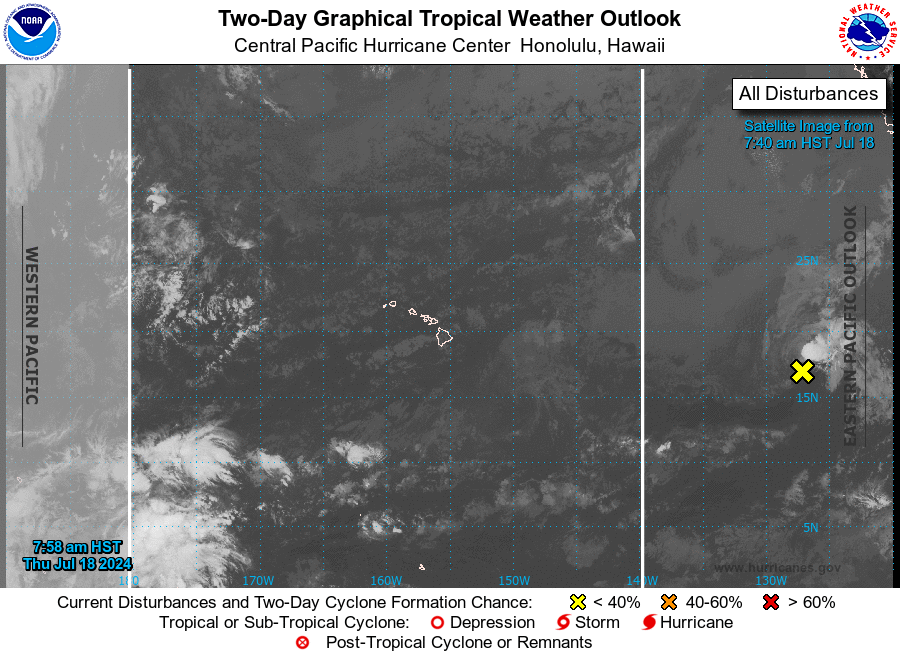
For the central North Pacific...between 140W and 180W:

No tropical cyclones are expected during the next 7 days.

Forecaster JVC